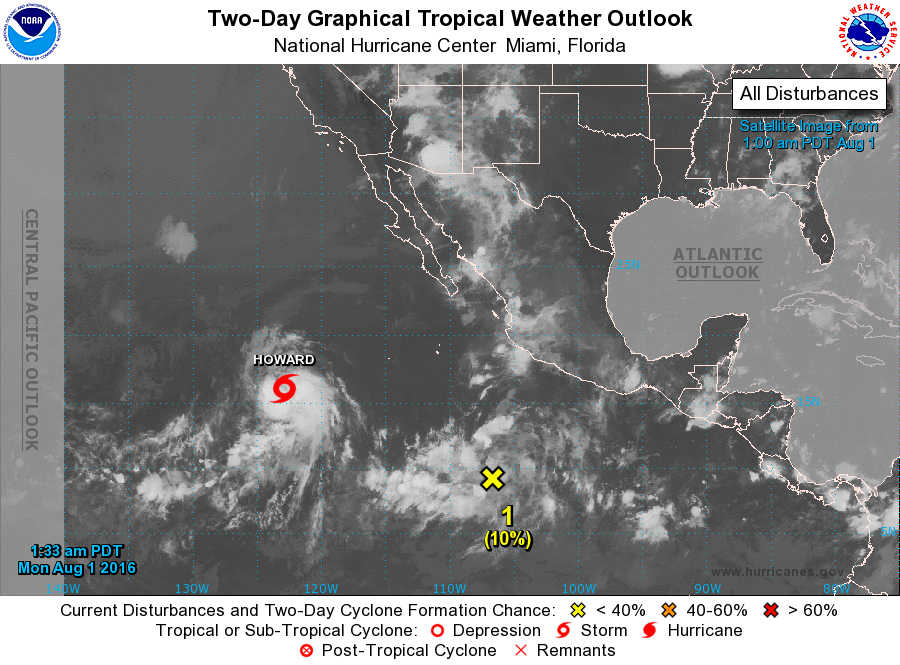
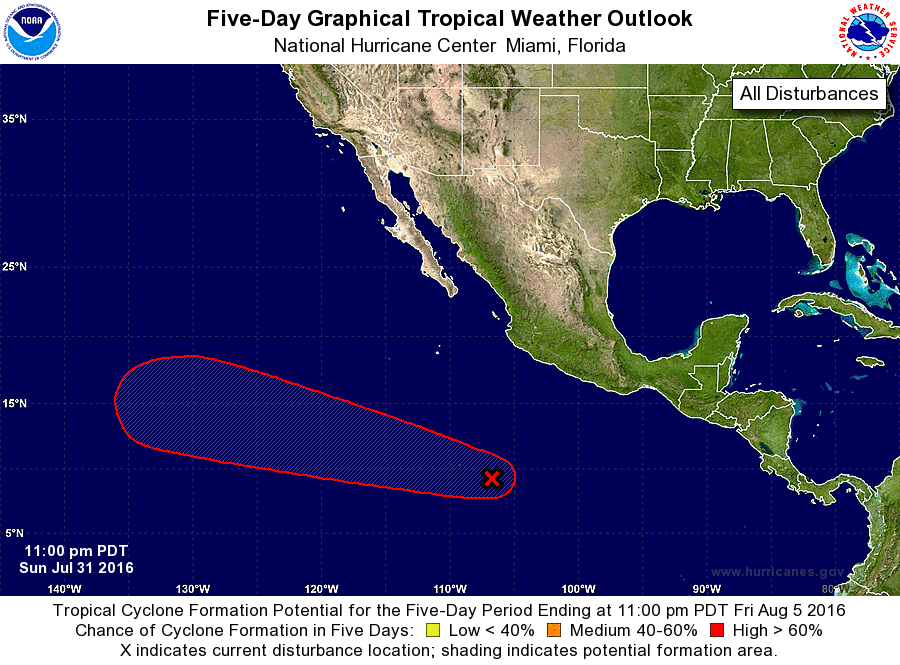
For the eastern North Pacific...east of 140 degrees west longitude:

The National Hurricane Center is issuing advisories on Tropical Depression Nine-E, located more than 900 miles west-southwest of the southern tip of the Baja California peninsula.

1. A tropical wave accompanied by a broad area of low pressure is producing widespread cloudiness and disorganized showers and thunderstorms several hundred miles south of Manzanillo, Mexico. Environmental conditions are expected to be conducive for gradual development of this system later this week while it moves west-northwestward at around 15 mph.
* Formation chance through 48 hours...low...10 percent
* Formation chance through 5 days...high...70 percent

Public Advisories on Tropical Depression Nine-E are issued under WMO header WTPZ34 KNHC and under AWIPS header MIATCPEP4. Forecast/Advisories on Tropical Depression Nine-E are issued under WMO header WTPZ24 KNHC and under AWIPS header MIATCMEP4.

Forecaster Stewart